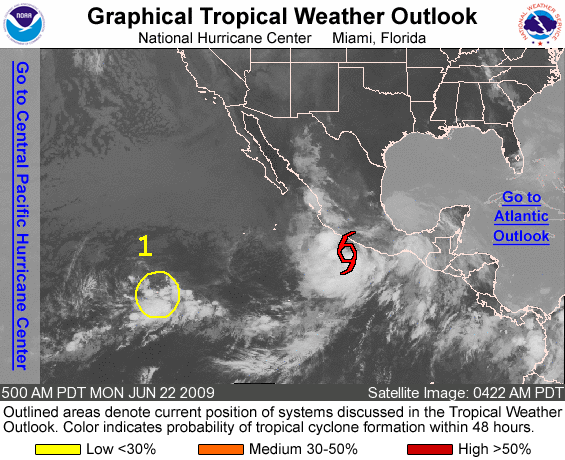
FOR THE EASTERN NORTH PACIFIC...EAST OF 140 DEGREES WEST LONGITUDE..

THE NATIONAL HURRICANE CENTER IS ISSUING ADVISORIES ON TROPICAL STORM ANDRES...LOCATED ABOUT 180 MILES SOUTH OF ZIHUATANEJO MEXICO.

1. SHOWERS AND THUNDERSTORMS ASSOCIATED WITH AN AREA OF LOW PRESSURE LOCATED ABOUT 1300 MILES SOUTHWEST OF THE SOUTHERN TIP OF BAJA CALIFORNIA REMAIN DISORGANIZED. DEVELOPMENT OF THIS SYSTEM...IF ANY...IS EXPECTED TO BE SLOW TO OCCUR AS IT MOVES SLOWLY EAST-NORTHEASTWARD OVER THE NEXT COUPLE OF DAYS. THERE IS A LOW CHANCE...LESS THAN 30 PERCENT...OF THIS SYSTEM BECOMING A TROPICAL CYCLONE DURING THE NEXT 48 HOURS.

ELSEWHERE...TROPICAL CYCLONE FORMATION IS NOT EXPECTED DURING THE NEXT 48 HOURS.

PUBLIC ADVISORIES ON TROPICAL STORM ANDRES ARE ISSUED UNDER WMO HEADER WTPZ23 KNHC AND UNDER AWIPS HEADER MIATCPEP2. FORECAST/ADVISORIES ON TROPICAL STORM ANDRES ARE ISSUED UNDER WMO HEADER WTPZ23 KNHC AND UNDER AWIPS HEADER MIATCMEP2.

FORECASTER BRENNAN/BLAKE